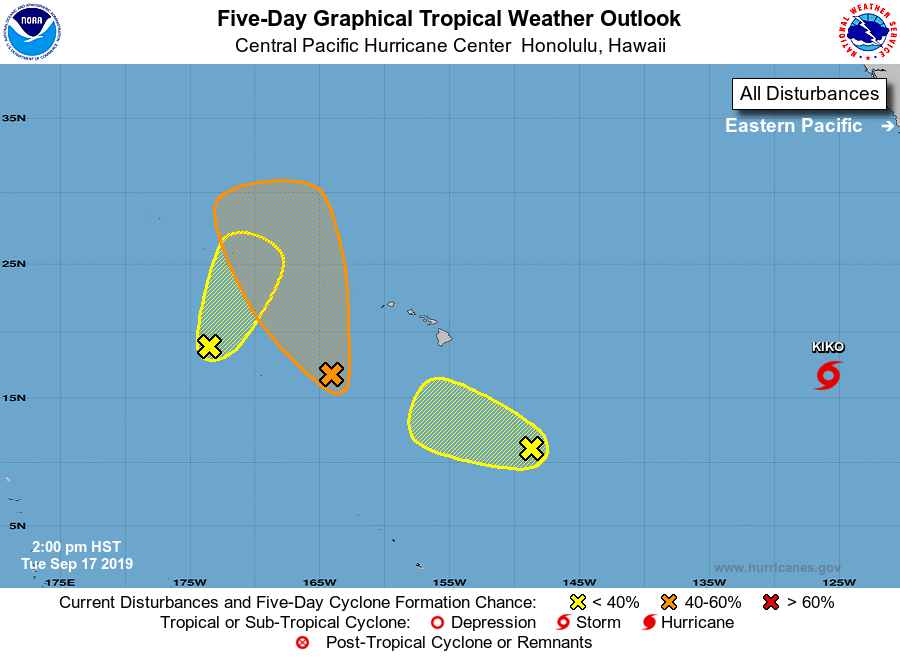
For the central North Pacific...between 140W and 180W:

1. Showers and thunderstorms are associated with an elongated area of low pressure around 450 miles southwest of Honolulu. Environmental conditions are expected to be marginally conducive for some development over the next 24 hours as the system moves toward the northwest. By late Wednesday or Thursday, chances for development drop off significantly as the low interacts with another disturbance approaching from the west. Regardless of development, this system is expected to bring locally gusty winds and heavy rain to portions of the Papahanaumokuakea Marine National Monument over the next several days.
* Formation chance through 48 hours...medium...50 percent.
* Formation chance through 5 days...medium...50 percent.

2. Showers and thunderstorms associated with a broad area of low pressure, located about 950 miles west-southwest of Kauai, remain disorganized. This system is expected to slowly move northeast into unfavorable environmental conditions. Development, if any, will be slow to occur. Regardless of development, this system is expected to bring locally gusty winds and heavy rain to portions of the Papahanaumokuakea Marine National Monument over the next several days.
* Formation chance through 48 hours...low...20 percent.
* Formation chance through 5 days...low...20 percent.

3. An elongated area of low pressure lies around 700 miles southeast of the Big Island of Hawaii. Slow development is possible during the next several days while the area slowly moves westward, though the environmental conditions are only marginally favorable.
* Formation chance through 48 hours...low...near 0 percent.
* Formation chance through 5 days...low...20 percent.

Elsewhere, no tropical cyclones are expected during the next 5 days.

Forecaster TS